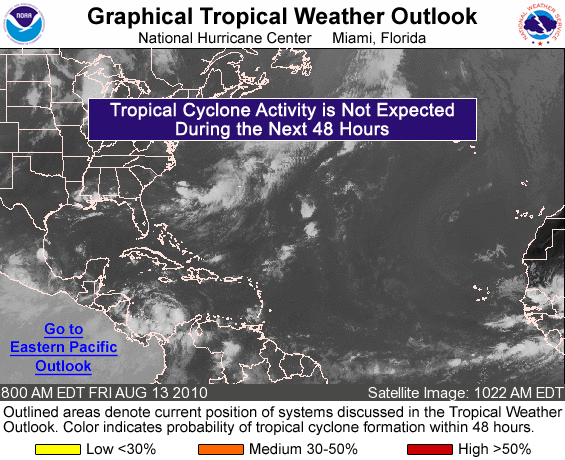
FOR THE NORTH ATLANTIC...CARIBBEAN SEA AND THE GULF OF MEXICO...

TROPICAL CYCLONE FORMATION IS NOT EXPECTED DURING THE NEXT 48 HOURS.

FORECASTER CANGIALOSI/AVILA